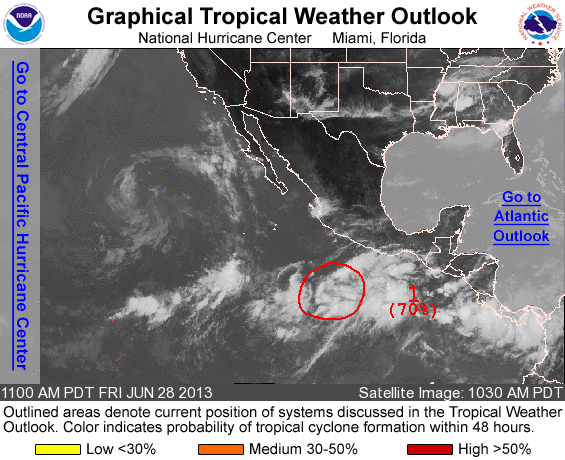
FOR THE EASTERN NORTH PACIFIC...EAST OF 140 DEGREES WEST LONGITUDE..

1. SHOWER ACTIVITY ASSOCIATED WITH AN AREA OF LOW PRESSURE CENTERED ABOUT 500 MILES SOUTH-SOUTHWEST OF ACAPULCO MEXICO HAS BECOME BETTER ORGANIZED THIS MORNING. UPPER-LEVEL WINDS HAVE BECOME FAVORABLE FOR ADDITIONAL DEVELOPMENT...AND A TROPICAL DEPRESSION COULD FORM DURING THE NEXT DAY OR TWO AS THE SYSTEM MOVES SLOWLY NORTHWARD OR NORTHWESTWARD. THIS SYSTEM HAS A HIGH CHANCE... 70 PERCENT...OF BECOMING A TROPICAL CYCLONE DURING THE NEXT 48 HOURS.

ELSEWHERE...TROPICAL CYCLONE FORMATION IS NOT EXPECTED DURING THE NEXT 48 HOURS.

FORECASTER BEVEN